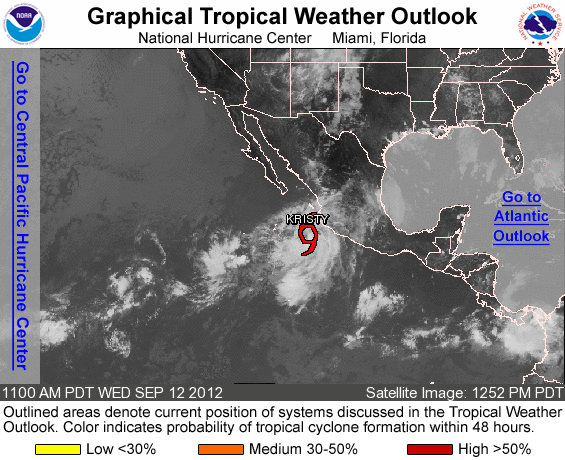
FOR THE EASTERN NORTH PACIFIC...EAST OF 140 DEGREES WEST LONGITUDE..

THE NATIONAL HURRICANE CENTER IS ISSUING ADVISORIES ON TROPICAL DEPRESSION ELEVEN-E LOCATED 195 MILES SOUTHWEST OF MANZANILLO MEXICO.

ELSEWHERE...TROPICAL CYCLONE FORMATION IS NOT EXPECTED DURING THE NEXT 48 HOURS.

FORECASTER AVILA